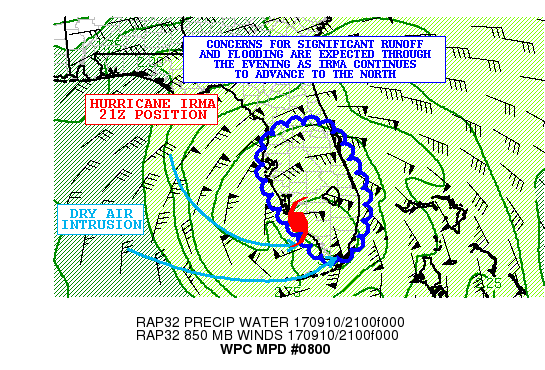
AREAS AFFECTED...CENTRAL AND SOUTHERN FL

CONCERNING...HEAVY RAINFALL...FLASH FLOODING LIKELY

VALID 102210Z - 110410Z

SUMMARY...HURRICANE IRMA BRINGING EXTREMELY HEAVY RAIN TO CENTRAL
FLORIDA AS IT LIFTS NORTH ALONG THE WEST SIDE OF THE PENINSULA.
SIGNIFICANT RUNOFF AND FLASH FLOODING CONCERNS ARE EXPECTED
THROUGH THE EVENING. MEANWHILE...CONDITIONS ARE GRADUALLY
IMPROVING OVER SOUTHERN FLORIDA.

DISCUSSION...THE EYE OF HURRICANE IRMA AS OF 21Z WAS POSITIONED
JUST 5 MILES NORTH OF NAPLES FL AND IS MOVING NORTH AT 14 MPH.
VERY HEAVY RAINFALL ASSOCIATED WITH THE CORE OF IRMA CONTINUES
AROUND THE NORTHWEST TO NORTHEAST FLANK OF THE CIRCULATION. THE
LATEST NON-OPERATIONAL GOES-16 7.3 MICRON/WV IMAGERY CONTINUES TO
SHOW A SIGNIFICANT AMOUNT OF DRY AIR POURING SOUTHEAST ACROSS THE
GULF OF MEXICO IN ASSOCIATION WITH DIGGING SHORTWAVE ENERGY AND
EVOLUTION OF A LARGER SCALE UPPER TROUGH NEAR THE CENTRAL GULF
COAST. THIS STABLE AND DRY LOW TO MID LEVEL AIR HAS BEEN GETTING
ENTRAINED INTO THE SOUTHERN FLANK OF IRMA'S CIRCULATION WHICH HAS
BEEN HELPING TO ERODE THE DEEPER CONVECTION AROUND THIS SIDE OF
THE STORM.

OVER THE NEXT SEVERAL HOURS...THE HEAVIEST RAINFALL WILL CONTINUE
AROUND THE NORTHERN SEMICIRCLE OF THE STORM WHERE VERY STRONG LOW
LEVEL FORCING/CONVERGENCE AND SUFFICIENT INSTABILITY WILL BE IN
PLACE FOR VERY HEAVY RAINFALL TOTALS. SOME RAINFALL RATES OF OVER
3 INCHES/HR ARE LIKELY...AND ESPECIALLY INVOLVING THE NORTHEAST
EYEWALL OF IRMA AS IT LIFTS NORTH. GENERALLY THE WEST-CENTRAL TO
EAST-CENTRAL PART OF THE STATE WILL SEE THE WORST
CONDITIONS...WITH ADDITIONAL RAINFALL AMOUNTS OF 4 TO 6+ INCHES
EXPECTED THROUGH MIDNIGHT. THIS WILL AGAIN ENHANCE THE CONCERN FOR
SIGNIFICANT RUNOFF AND FLASH FLOODING.

FARTHER SOUTH OVER SOUTH FLORIDA...THE DEGREE OF DRY/STABLE AIR
INFILTRATING THE SOUTHERN FLANK OF IRMA SHOULD ALLOW THE MORE
ORGANIZED CONVECTIVE RAINS TO SUBSIDE/WEAKEN...ESPECIALLY OVER
SOUTHWEST FL. HOWEVER...THERE IS SOME POTENTIAL FOR SOME FOCUSED
BANDS OF CONVECTION TO SET UP NEAR THE SOUTHEAST COAST OF THE
PENINSULA WHERE THERE IS MUCH GREATER PROXIMITY TO A STRONG
INSTABILITY GRADIENT...AND ADDITIONAL HEAVY RAINFALL TOTALS OF AS
MUCH AS 2 TO 4 INCHES WILL BE POSSIBLE HERE THROUGH MIDNIGHT.